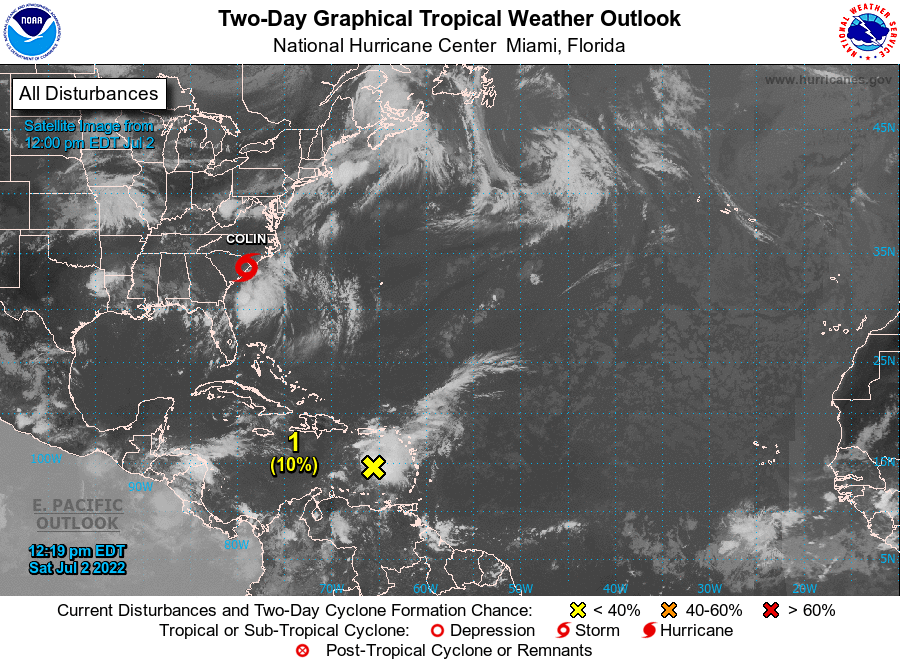
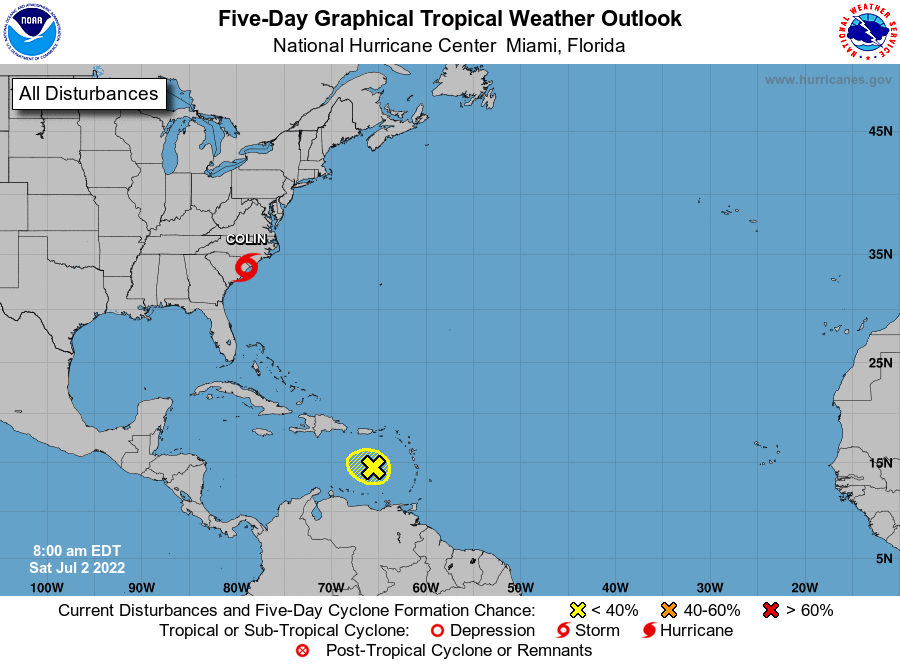
For the North Atlantic...Caribbean Sea and the Gulf of Mexico:

Corrected typo in paragraph for the eastern Caribbean Sea system

Active Systems: The National Hurricane Center is issuing advisories on Tropical Storm Colin, located near the South Carolina coast and on Tropical Storm Bonnie, located inland near the Nicaragua/Costa Rica border.

1. Eastern Caribbean Sea: A tropical wave continues to produce a broad area of disorganized showers and thunderstorms over the Windward Islands and eastern Caribbean Sea. Upper-level winds are not conducive for significant development as the system moves west-northwestward during the next few days across the Caribbean Sea.
* Formation chance through 48 hours...low...10 percent.
* Formation chance through 5 days...low...10 percent.

Public Advisories on Tropical Storm Colin are issued under WMO header WTNT33 KNHC and under AWIPS header MIATCPAT3. Forecast/Advisories on Tropical Storm Colin are issued under WMO header WTNT23 KNHC and under AWIPS header MIATCMAT3.

Forecaster Hogsett/Cangialosi